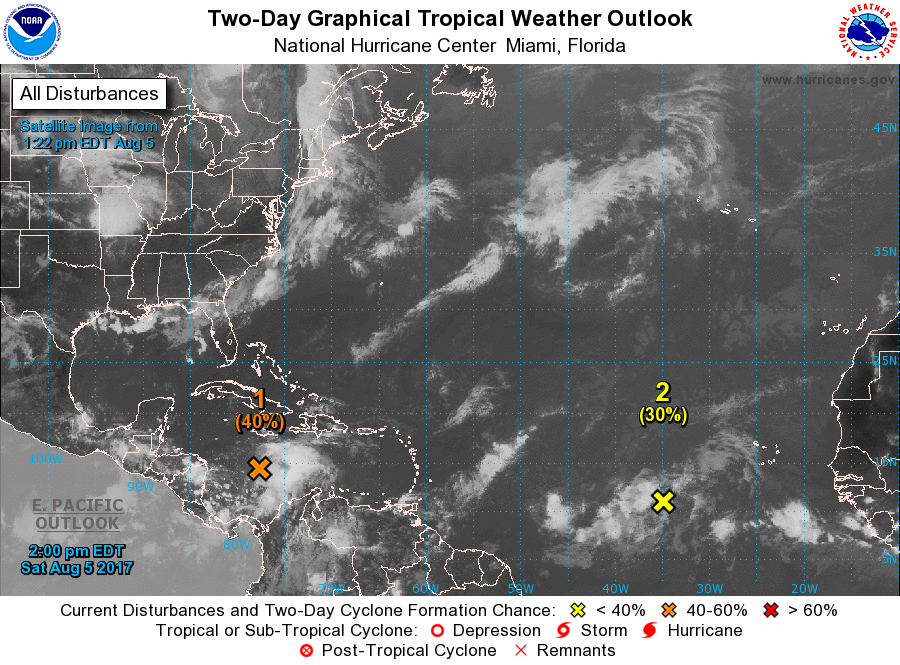
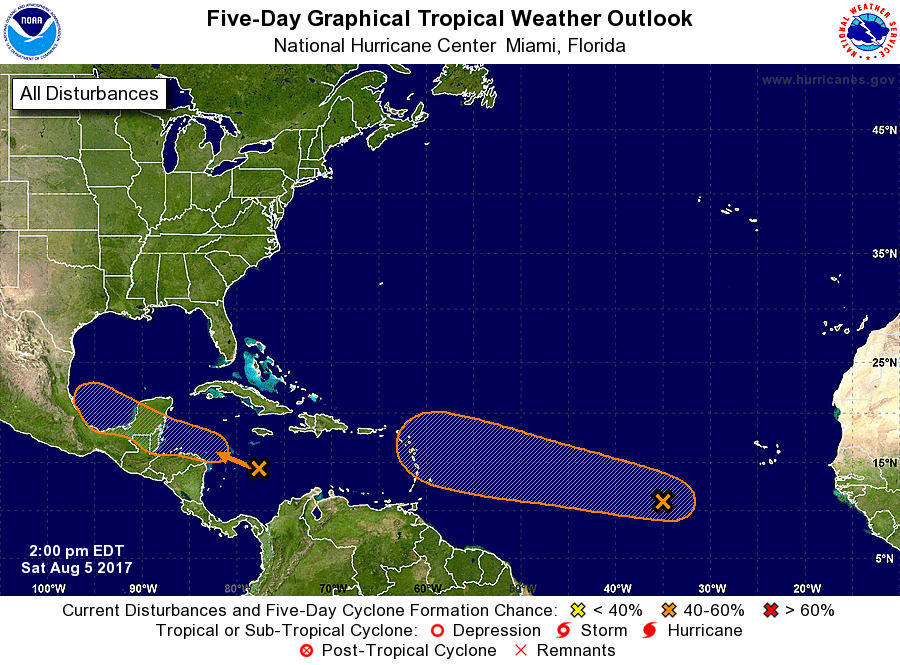
For the North Atlantic...Caribbean Sea and the Gulf of Mexico:

1. Showers and thunderstorms associated with a strong tropical wave located over the central Caribbean Sea are beginning to show some signs of organization, and satellite wind data indicate that the wave is producing a small area of winds that are just below tropical storm force. Additional development of this system is possible while it moves west-northwestward at 10 to 15 mph, and a tropical depression or tropical storm could form over the northwestern Caribbean Sea before it reaches the Yucatan peninsula late Monday or Tuesday. Even if formation does not occur before the system reaches the Yucatan peninsula, a tropical depression or tropical storm could form over the Bay of Campeche during the middle part of next week. Development would likely not occur if the system moves inland over Central America and southeastern Mexico and does not re-emerge over water. An Air Force Reserve reconnaissance aircraft is scheduled to investigate this system tomorrow afternoon, if necessary. Interests along the coasts of Honduras, Belize, and the Yucatan peninsula of Mexico should monitor the progress of this disturbance.
* Formation chance through 48 hours...medium...40 percent.
* Formation chance through 5 days...medium...60 percent.

2. Disorganized showers and thunderstorms continue in association with an elongated area of low pressure that extends more than a thousand miles southwest of the Cabo Verde Islands. Although this system has failed to consolidate so far, environmental conditions appear conducive enough to support some development while this system moves west-northwestward across the tropical Atlantic Ocean at about 15 mph.
* Formation chance through 48 hours...low...30 percent.
* Formation chance through 5 days...medium...50 percent.

Forecaster Berg